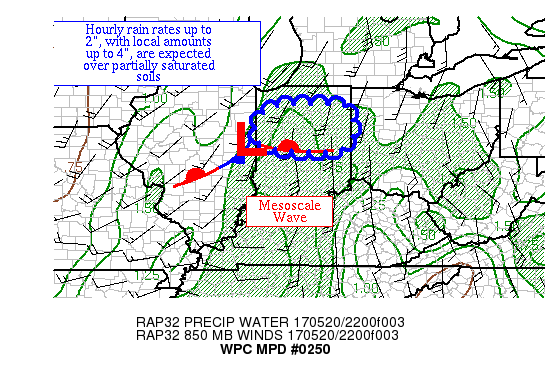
AREAS AFFECTED...CENTRAL AND NORTHEAST IN

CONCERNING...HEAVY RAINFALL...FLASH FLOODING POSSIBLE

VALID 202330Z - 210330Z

SUMMARY...THUNDERSTORMS ARE BEGINNING TO FORM NEAR AND IN ADVANCE
OF A MESOSCALE WAVE.  HOURLY RAIN RATES UP TO 2", WITH LOCAL
AMOUNTS TO 4", COULD LEAD TO ISSUES.

DISCUSSION...A WEAK MESOSCALE WAVE IS APPARENT IN THE THERMAL
FIELD ACROSS EAST-CENTRAL IL, WITH A WEAK WARM FRONT ACROSS
CENTRAL IN.  AN MCV IS APPROACHING THE REGION FROM SOUTHERN IL,
WHICH IS LIKELY AIDING DIVERGENCE ALOFT AS OF LATE.  CONVERGING
INFLOW AT 850 HPA IS 25-40 KTS PER VAD WIND PROFILES, WHICH IS
IMPORTING MLCAPES OF 1000-2000 J/KG INTO THE REGION.  THE FLOW IS
NEARLY UNIDIRECTIONAL OUT OF THE SOUTH-SOUTHWEST, WHICH APPEARS TO
BE FAVORING THE SPLITTING CELLS SEEN ON RADAR ACROSS NORTHWEST
INDIANA AS OF LATE.  PRECIPITABLE WATER VALUES ARE 1.5-1.75".
BULK SHEAR IN THE 0-6 KM LAYER IS 30-40 KTS PER SPC MESOANALYSES.

TRENDS IN THE RAP/HRRR RUNS HAVE BEEN UPWARDS IN AMOUNTS IN THIS
AREA.  THE 12Z GFS-BASED GLAVEZ-DAVISON INSTABILITY INDEX SHOWS
INCREASING VALUES HERE THROUGH 03Z, WHICH IMPLIES INCREASING
CONVECTIVE COVERAGE.  THE LOW-LEVEL INFLOW IS ALSO FORECAST TO
INCREASE SLIGHTLY MORE OVER THE NEXT FEW HOURS.  THERE IS A
GENERAL SIGNAL FOR LOCAL AMOUNTS IN THE 2-4" RANGE ACROSS PORTIONS
OF CENTRAL AND NORTHERN IN.  FLASH FLOOD GUIDANCE IS RATHER LOW
HERE, AS RAINFALL DURING THE PAST 30 DAYS HAS BEEN ABOUT DOUBLE
THE AVERAGE VALUE.  THE AVAILABLE MOISTURE AND INSTABILITY SUPPORT
HOURLY RAIN RATES UP TO 2" WHERE CELLS TRAIN/MERGE.